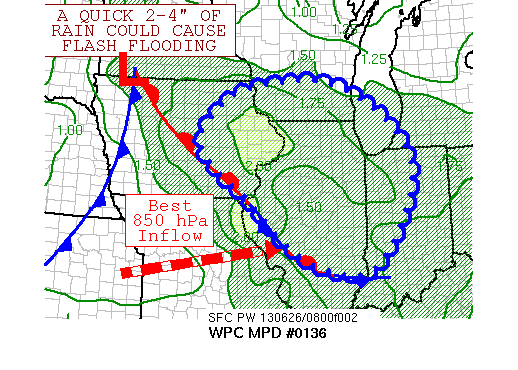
AREAS AFFECTED...EASTERN IA...SOUTHERN WI...NORTHERN AND CENTRAL
IL...WESTERN IN

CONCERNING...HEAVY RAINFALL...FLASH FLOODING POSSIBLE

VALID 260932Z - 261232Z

SUMMARY...A DEVELOPING MESOSCALE CONVECTIVE VORTEX -- MCV -- IS
DEVELOPING BANDS OF CONVECTION IN ITS SOUTHERN AND NORTHEASTERN
QUADRANTS.  THIS SYSTEM IS EXPECTED TO MOVE SOUTHEAST, AND COULD
CAUSE FLASH FLOODING.

DISCUSSION...A DEVELOPING MCV ACROSS EASTERN IA SHOULD BEGIN
PUSHING SOUTHEASTWARD OVER THE NEXT FEW HOURS.  THIS CONVECTIVE
CLUSTER HAS BEEN SLOW-MOVING OVER THE PAST FEW HOURS, DEPOSITING
FIVE INCHES OF RAIN IN NORTH INDEPENDENCE IA.  A NEGATIVELY-TILTED
TROUGH JUST TO ITS SOUTHWEST APPEARS TO HAVE LEFT IT IN A
RELATIVELY NON-SHEARED ENVIRONMENT, WHICH HAS ALLOWED THIS SYSTEM
TO FORM CHARACTERISTICS SIMILAR TO ITS WARM CORE COUSINS OVER THE
TROPICS, IN THIS CASE BANDING FEATURES SURROUNDING THE MCV.
PRECIPITABLE WATER VALUES REMAIN IN THE 1.75-2 INCH RANGE, WHICH
IS WELL ABOVE NORMAL FOR JUNE.  THE 00Z GFS INDICATES THAT ANY
BACKBUILDING ACROSS THE AREA SHOULD END SHORTLY, AND THAT AN
EAST-SOUTHEAST TO SOUTHEAST PROPAGATION SHOULD BEGIN.  THE 850-250
MEAN LAYER FLOW IS JUST NORTH OF DUE EAST IN THIS REGION.
HOWEVER, THE DEVELOPMENT OF A COOL POOL SHOULD ALLOW THE COMPLEX
TO MOVE OR REDEVELOP SOUTHEASTWARD IN THE NEAR FUTURE.  LOW-LEVEL
INFLOW OF 40-55 KNOTS INTO THE MESOSCALE STATIONARY FRONT --
THROUGH 12Z -- TO ITS SOUTHEAST AND ATMOSPHERIC INSTABILITY
INDICATED BY SATELLITE-DERIVED CAPE VALUES IN CENTRAL IL OF
2500-3500 J/KG SHOULD CAUSE NEW ACTIVITY TO BREAK OUT IN THE FORM
OF A CONVECTIVE LINE OR BAND ACROSS PORTIONS OF IL AND WESTERN
INDIANA IN ADVANCE OF THIS COMPLEX OVER THE NEXT FEW HOURS.

CONFIDENCE IS NOT HIGH IN THIS SEQUENCE OF EVENTS SINCE THE
COMPLEX HAS NOT BEEN WELL BEHAVED OVERNIGHT, AS PART OF ITS INFLOW
MAY HAVE BEEN CUT OFF BY A SMALL ORGANIZED THUNDERSTORM CLUSTER
OVER MISSOURI.  HOWEVER, LOCAL AMOUNTS OF 2-4 INCHES REMAIN IN THE
CARDS, WITH ITS EXPECTED PROGRESSIVE NATURE CUTTING DOWN AMOUNTS
FROM WHAT HAS BEEN EXPERIENCED OVERNIGHT IN IOWA.  UNCERTAINTY IN
EXPECTED PROGRESSION AND HEAVIEST RAINFALL PLACEMENT HAS LED TO A
SLIGHTLY LARGER AREA THAN DEPICTED ON MESOSCALE PRECIPITATION
DISCUSSION #134 AND POSSIBLE OVER LIKELY WORDING IN REGARDS TO
FLASH FLOODING.